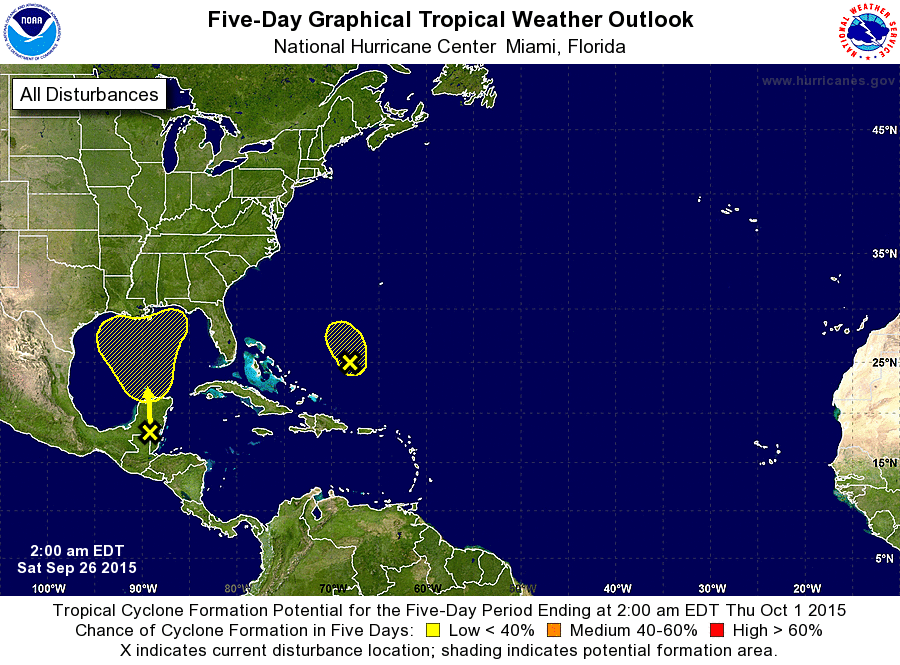
For the North Atlantic...Caribbean Sea and the Gulf of Mexico:

The National Hurricane Center is issuing advisories on Tropical Depression Ida, located a little more than 1000 miles east-northeast of the northern Leeward Islands.

1. A trough of low pressure is producing a large area of disorganized showers and thunderstorms over the northwestern Caribbean Sea, Yucatan Peninsula, and northern portions of Central America. This system is expected to reach the southern Gulf of Mexico during the next day or two, and it will begin to interact with an upper-level low located near the Texas coast. This interaction will likely lead to the development of a broad and complex area of low pressure that moves northward over the Gulf of Mexico early next week, but environmental conditions are not expected to be particularly conducive for this system to become a tropical cyclone.
* Formation chance through 48 hours...low...10 percent
* Formation chance through 5 days...low...20 percent

2. Disorganized showers and a few thunderstorms over the western Atlantic Ocean several hundred miles south-southwest of Bermuda are associated with an upper-level low and a surface trough. Development, if any, of this system is expected to be slow to occur while it moves slowly toward the north or north-northwest. Upper- level winds are forecast to become unfavorable for development after the weekend.
* Formation chance through 48 hours...low...10 percent
* Formation chance through 5 days...low...10 percent

Forecaster Berg